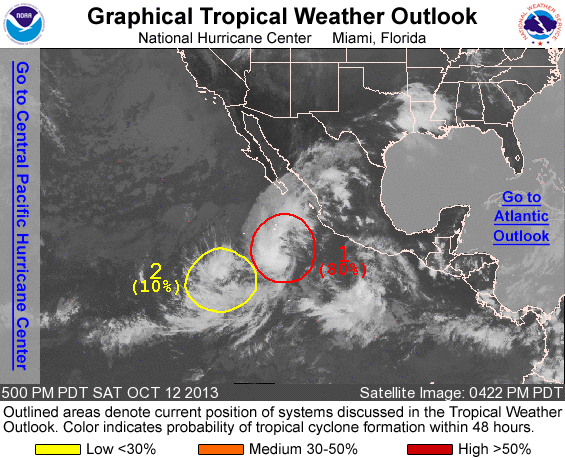
FOR THE EASTERN NORTH PACIFIC...EAST OF 140 DEGREES WEST LONGITUDE..

1. CLOUDINESS AND SHOWERS ASSOCIATED WITH AN AREA OF LOW PRESSURE LOCATED ABOUT 500 MILES SOUTH OF THE SOUTHERN TIP OF BAJA CALIFORNIA HAVE BECOME BETTER ORGANIZED...AND SATELLITE-DERIVED WIND DATA INDICATES THAT THE CIRCULATION IS BECOMING BETTER DEFINED. IF CURRENT TRENDS CONTINUE...A TROPICAL DEPRESSION COULD FORM LATER TONIGHT OR SUNDAY. AFTER THAT...ENVIRONMENTAL CONDITIONS ARE FORECAST TO BECOME LESS FAVORABLE AND DEVELOPMENT WILL BE UNLIKELY TO OCCUR. THIS SYSTEM HAS A HIGH CHANCE...80 PERCENT...OF BECOMING A TROPICAL CYCLONE DURING THE NEXT 48 HOURS...AND A HIGH CHANCE... 80 PERCENT...OF BECOMING A TROPICAL CYCLONE DURING THE NEXT 5 DAYS WHILE IT MOVES NORTHWESTWARD AT AROUND 10 MPH.

2. AN AREA OF DISTURBED WEATHER...ASSOCIATED WITH A BROAD AREA OF LOW PRESSURE...HAS FORMED ABOUT 850 MILES SOUTH-SOUTHWEST OF THE SOUTHERN TIP OF BAJA CALIFORNIA. ADDITIONAL DEVELOPMENT OF THIS SYSTEM IS LIKELY TO BE SLOW DUE TO ITS PROXIMITY TO THE DISTURBANCE TO THE NORTHEAST. THIS SYSTEM HAS A LOW CHANCE...10 PERCENT...OF BECOMING A TROPICAL CYCLONE DURING THE NEXT 48 HOURS...AND A LOW CHANCE...10 PERCENT OF BECOMING A TROPICAL CYCLONE DURING THE NEXT FIVE DAYS WHILE IT MOVES SLOWLY NORTHWARD OR NORTHEASTWARD.

FIVE-DAY FORMATION PROBABILITIES ARE EXPERIMENTAL IN 2013. COMMENTS ON THE EXPERIMENTAL FORECASTS CAN BE PROVIDED AT...

HTTP://WWW.NWS.NOAA.GOV/SURVEY/NWS-SURVEY.PHP?CODE=ETWO

FORECASTER BEVEN